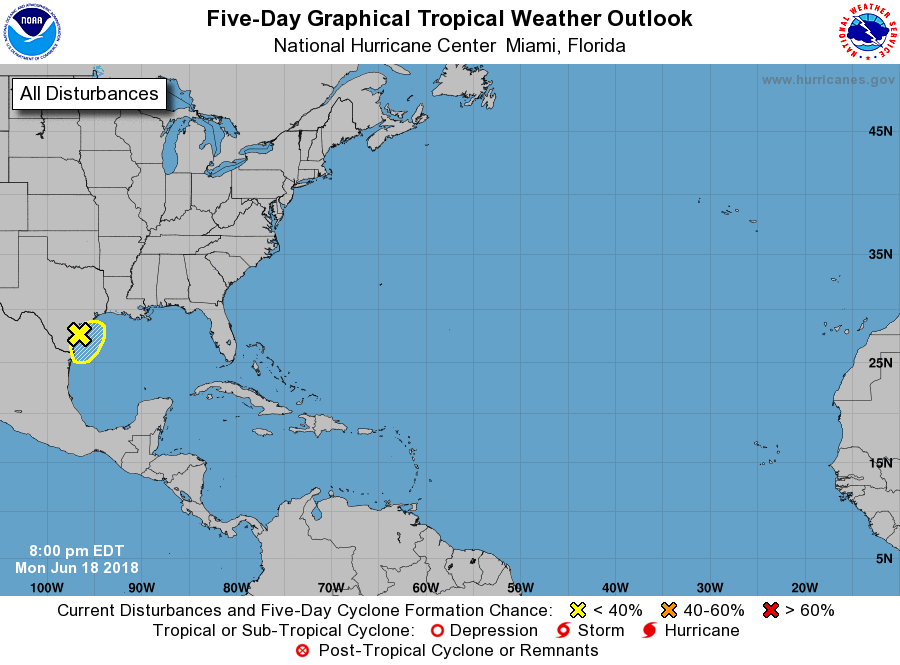
For the North Atlantic...Caribbean Sea and the Gulf of Mexico:

1. Surface observations and WSR-88D Doppler radar data indicate that a surface trough associated with a mid- and upper-level low pressure system has remained stationary near the Texas coast during the day. This system continues to produce a widespread area of cloudiness and disorganized showers and thunderstorms, accompanied by strong gusty winds, over the northwestern Gulf of Mexico. Heavy rainfall and flash flooding across portions of southern and southeastern Texas are likely to continue during the next few days. For more details on this disturbance and the threat for heavy rainfall, please see products issued by your local weather office and High Seas Forecasts issued by the National Weather Service.
* Formation chance through 48 hours...low...10 percent.
* Formation chance through 5 days...low...10 percent.

High Seas Forecasts issued by the National Weather Service can be found under AWIPS header NFDHSFAT1, WMO header FZNT01 KWBC, and on the Web at https://ocean.weather.gov/shtml/NFDHSFAT1.shtml.

Forecaster Stewart